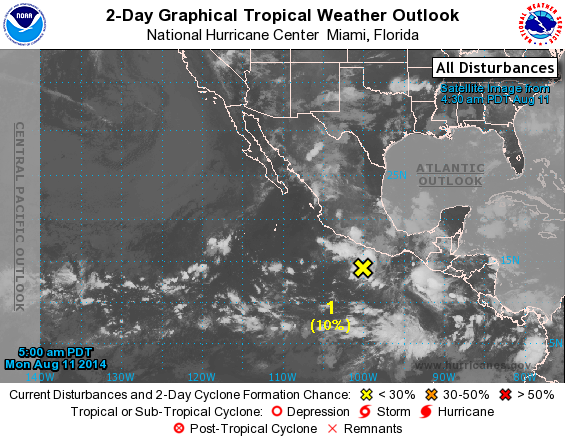
For the eastern North Pacific...east of 140 degrees west longitude:

1. A large area of cloudiness and showers centered a few hundred miles south-southeast of Acapulco, Mexico, is associated with a tropical wave. Strong upper-level winds are expected to limit significant development of the wave during the next couple of days. After that time, however, environmental conditions are expected to become more conducive, and a tropical depression is likely to form later this week while the system moves generally west-northwestward at 10 to 15 mph.
* Formation chance through 48 hours...low...10 percent.
* Formation chance through 5 days...high...70 percent.

Forecaster Cangialosi